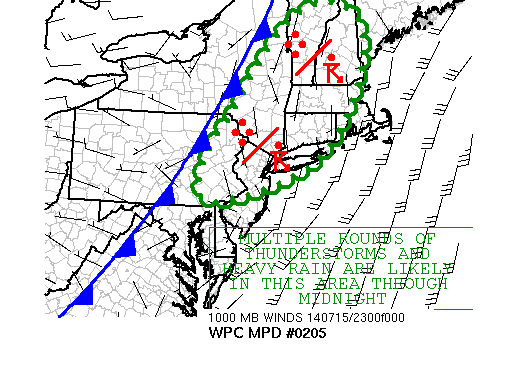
AREAS AFFECTED...DELMARVA...EASTERN PA...NJ...INTO CENTRAL NEW
ENGLAND

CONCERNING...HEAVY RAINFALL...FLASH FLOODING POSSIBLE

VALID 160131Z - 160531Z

SUMMARY...HEAVY SHOWERS AND THUNDERSTORMS ARE EXPECTED TO CONTINUE
INTO THE LATE EVENING AND OVERNIGHT HOURS BEFORE A STRONG COLD
FRONT REACHES THE COAST. THE ADDITIONAL RAINFALL WILL EXACERBATE
ONGOING FLASH FLOODING CONCERNS.

DISCUSSION...RECENT RADAR DATA CONTINUES TO SHOW TRAINING OF
THUNDERSTORM CELLS WITH VERY HEAVY RAIN FROM SOUTHERN PA TO
EASTERN NY...WITH LITTLE IN THE WAY OF EASTWARD PROGRESSION.  THE
CONVECTION IS DEVELOPING IN AN ENVIRONMENT OF 1.75 TO 2 INCH PWS
AND A CONFLUENT AND HUMID LOW LEVEL SOUTHWESTERLY WIND FLOW.  MANY
OF THESE AREAS HAVE ALREADY RECEIVED AT LEAST AN INCH OF RAIN
EARLIER IN THE DAY ON TUESDAY.

SHORT-TERM MODEL GUIDANCE CONTINUES TO INDICATE PERSISTENT
CONVECTION OVER THE NEXT SEVERAL HOURS WITH ADDITIONAL RAINFALL
AMOUNTS OF 1 TO 2 INCHES WITH ISOLATED HIGHER AMOUNTS POSSIBLE.
RISING CREEKS AND STREAMS WILL ALSO BE AN ISSUE.